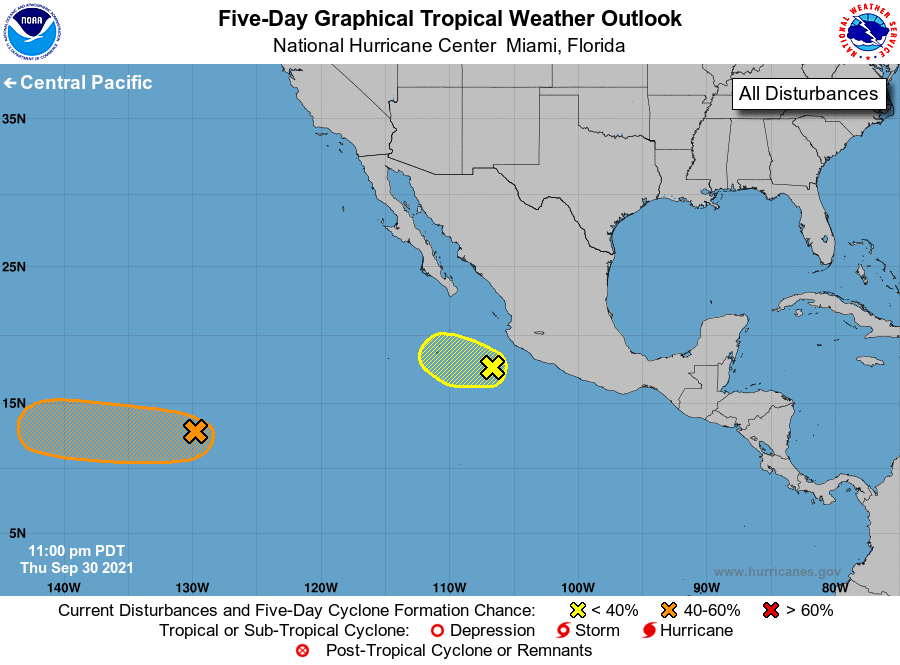
For the eastern North Pacific...east of 140 degrees west longitude:

1. A broad area of low pressure located about 1500 miles west-southwest of the southern tip of the Baja California peninsula is producing disorganized showers and thunderstorms. Environmental conditions are expected to be conducive for slow development during the next several days, and a tropical depression could form over the weekend or early next week while the system moves generally westward at 5 to 10 mph.
* Formation chance through 48 hours...low...20 percent.
* Formation chance through 5 days...medium...40 percent.

2. Disorganized showers and thunderstorms continue in association with an elongated area of low pressure located a couple of hundred miles west-southwest of Manzanillo, Mexico. This system is moving west-northwestward at 5 to 10 mph, and some slow development is possible through early Friday before it reaches an area of stronger upper-level winds.
* Formation chance through 48 hours...low...20 percent.
* Formation chance through 5 days...low...20 percent.

Forecaster Stewart